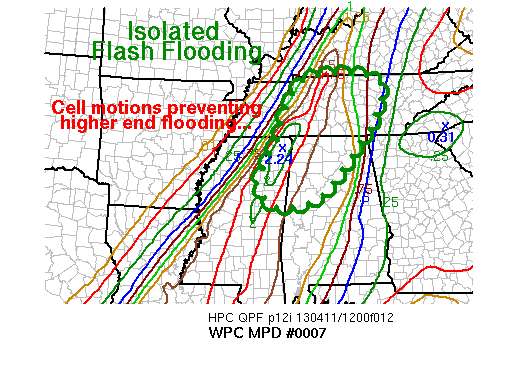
AREAS AFFECTED...NORTHERN MS/AL TO CENTRAL TN

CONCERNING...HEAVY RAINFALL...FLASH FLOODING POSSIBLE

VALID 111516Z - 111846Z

SUMMARY...GRADUAL INCREASE TO RAIN INTENSITY THROUGH MIDDAY.
ISOLATED FLASH FLOODING POSSIBLE...BUT SOME FACTORS WORKING
AGAINST A HIGHER END EVENT.

DISCUSSION...LAST TWO HOURS HAS SEEN LOCALLY INCREASED INTENSITY
WITH SMALL LEADING LINE SEGMENTS AND ONE REPORT OF FLOODING FROM
NORTHEAST MS. STORMS LIKELY BASED NEAR THE SURFACE PER JAN
SOUNDING...BUT MORE ROBUST SURFACE BASED CONVECTION LIKELY BY
MIDDAY AS PRECIPITATION WORKS INTO THE AREA CURRENTLY RECEIVING
BETTER HEATING OVER NORTHERN AL/CENTRAL TN. THOUGH PW VALUES AND
CAPE PROFILES SUPPORT DEEP UPDRAFTS WITH HEAVY RAIN RATES...THE
MORE ROBUST CONVECTION WILL ALSO YIELD STRONGER COLD POOLS AND
FORWARD PROPAGATION. THIS COMBINED WITH A SLIGHT INCREASE TO
WESTERLY COMPONENT OF MID LEVEL WINDS...SHOULD YIELD ENOUGH MOTION
TO PREVENT MORE SIGNIFICANT FLASH FLOOD PROBLEMS. THIS ESPECIALLY
TRUE OVER MS/AL WHERE FFG IS HIGHER.

SOME OF THE BETTER PERFORMING HI-RES MODELS RIGHT NOW...NSSL WRF
AND WRF-ARW...SUGGEST GENERAL ACCUMULATIONS 1.5 TO 2 INCHES AT A
GIVEN LOCATION...WITH LOCALLY HIGHER AMOUNTS. THIS AGREES WITH
RECENT RADAR-DERIVED RAINFALL NEAR THE HEAVIER LINE SEGMENTS.